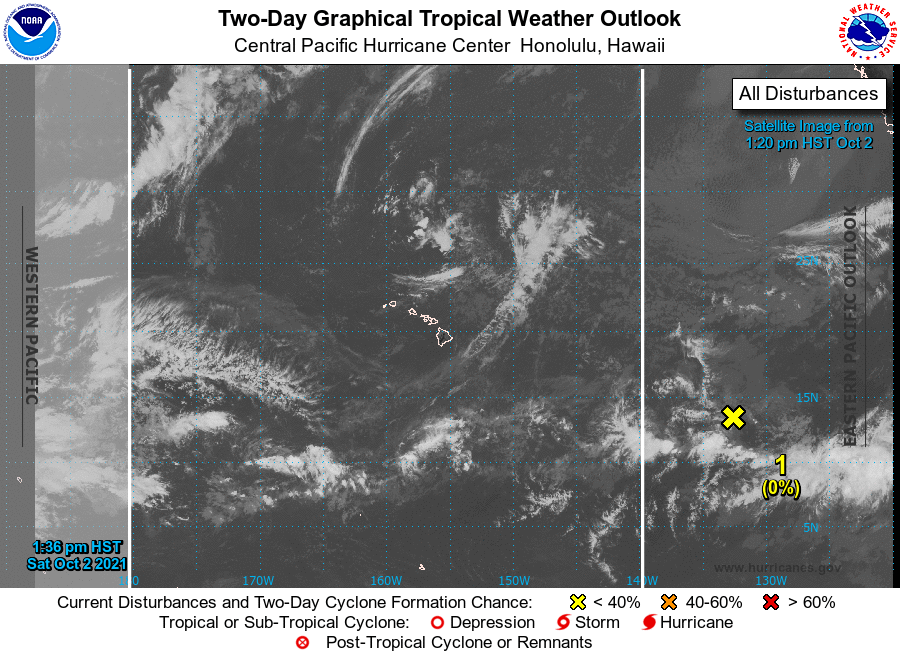
For the central North Pacific...between 140W and 180W:

1. A broad area of low pressure located about 1300 miles east-southeast of Hilo, Hawaii is only producing minimal shower and thunderstorm activity. While additional development is not expected over the next couple of days, environmental conditions by early next week could become a bit more conducive for slow development as it drifts westward through the middle of next week.
* Formation chance through 48 hours...low...near 0 percent.
* Formation chance through 5 days...low...10 percent.

Elsewhere, no tropical cyclones are expected during the next 5 days.

Forecaster TS